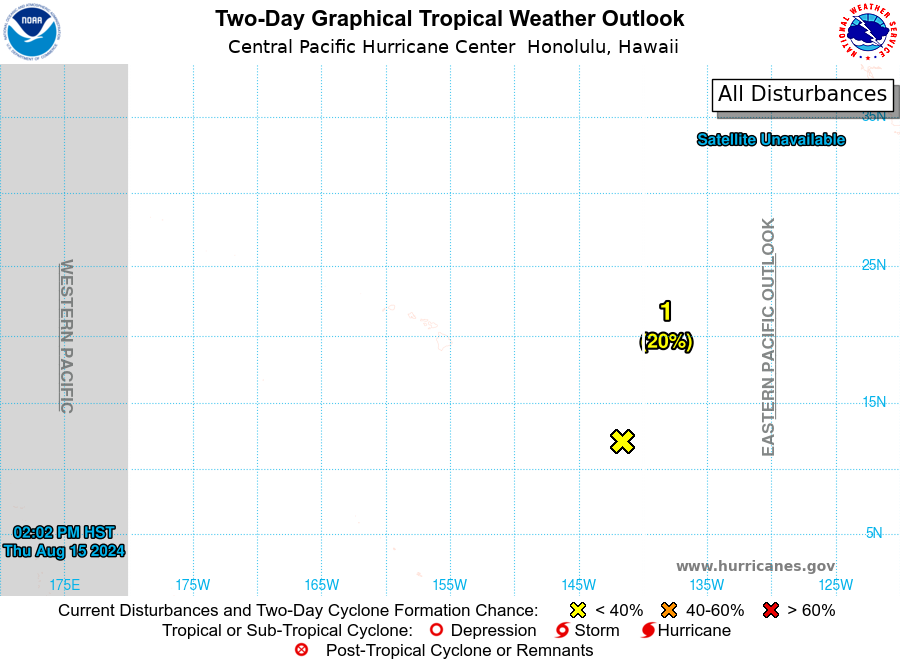
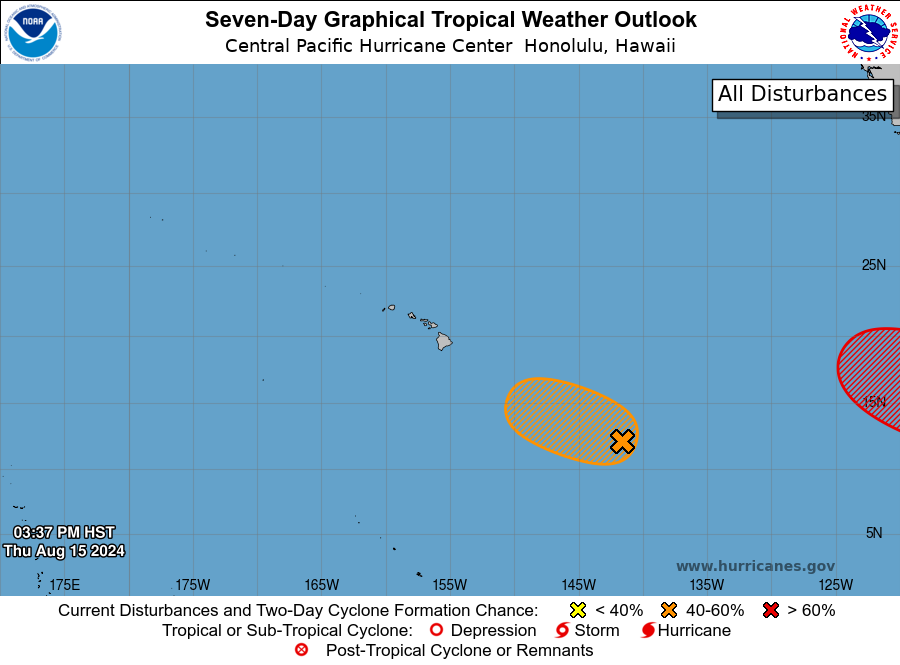
For the central North Pacific...between 140W and 180W:

1. Well Southeast of the Hawaiian Islands: Disorganized showers and thunderstorms located about a thousand miles east-southeast of the Hawaiian Islands are associated with a broad area of low pressure. Environmental conditions appear marginally conducive for some development of this system this weekend or early next week while moving west-northwestward at about 10 mph.
* Formation chance through 48 hours...low...20 percent.
* Formation chance through 7 days...medium...50 percent.

Elsewhere, no tropical cyclones are expected during the next 7 days.

Forecaster Kino